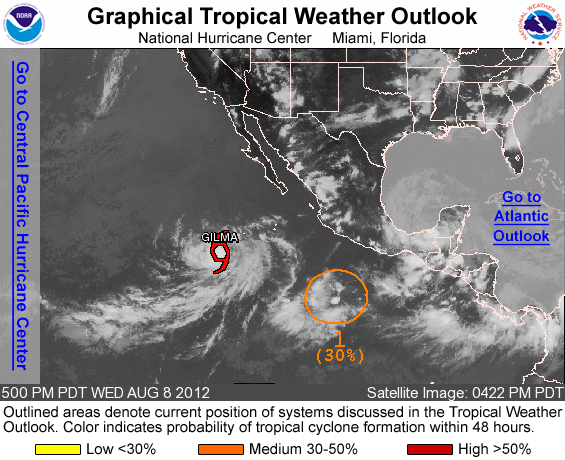
FOR THE EASTERN NORTH PACIFIC...EAST OF 140 DEGREES WEST LONGITUDE..

THE NATIONAL HURRICANE CENTER IS ISSUING ADVISORIES ON TROPICAL STORM GILMA...LOCATED ABOUT 695 MILES SOUTHWEST OF THE SOUTHERN TIP OF BAJA CALIFORNIA.

1. AN AREA OF LOW PRESSURE LOCATED ABOUT 470 MILES SOUTH-SOUTHWEST OF ACAPULCO MEXICO CONTINUES TO PRODUCE SHOWERS AND THUNDERSTORMS MAINLY TO THE WEST OF ITS CENTER. DEVELOPMENT OF THIS SYSTEM APPEARS A LITTLE LESS LIKELY AS UPPER-LEVEL WINDS ARE FORECAST TO BECOME LESS FAVORABLE IN A DAY OR TWO. THIS SYSTEM HAS A MEDIUM CHANCE...30 PERCENT...OF BECOMING A TROPICAL CYCLONE AS IT MOVES LITTLE DURING THE NEXT 48 HOURS.

ELSEWHERE...TROPICAL CYCLONE FORMATION IS NOT EXPECTED DURING THE NEXT 48 HOURS.

FORECASTER CANGIALOSI